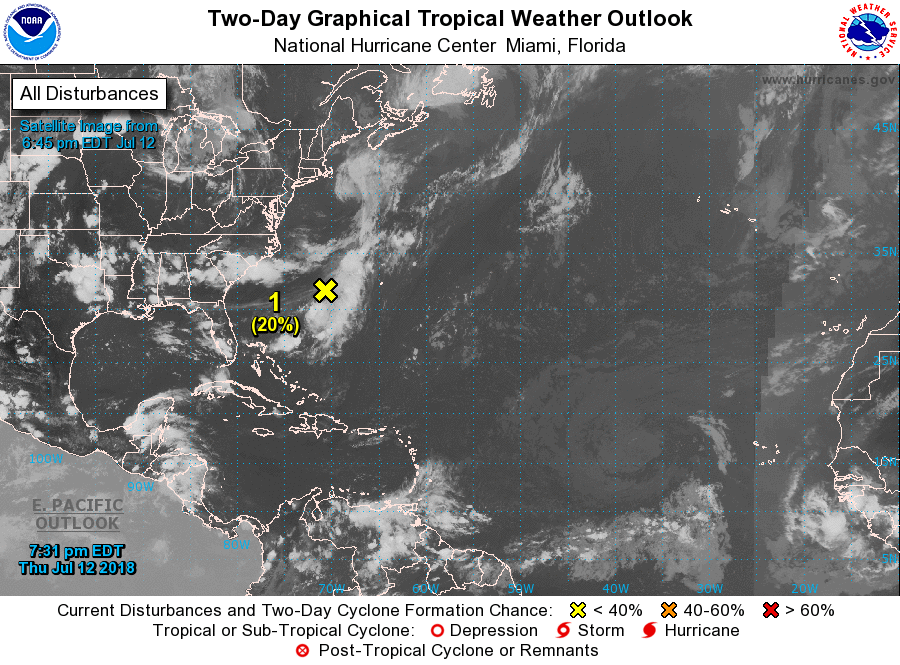
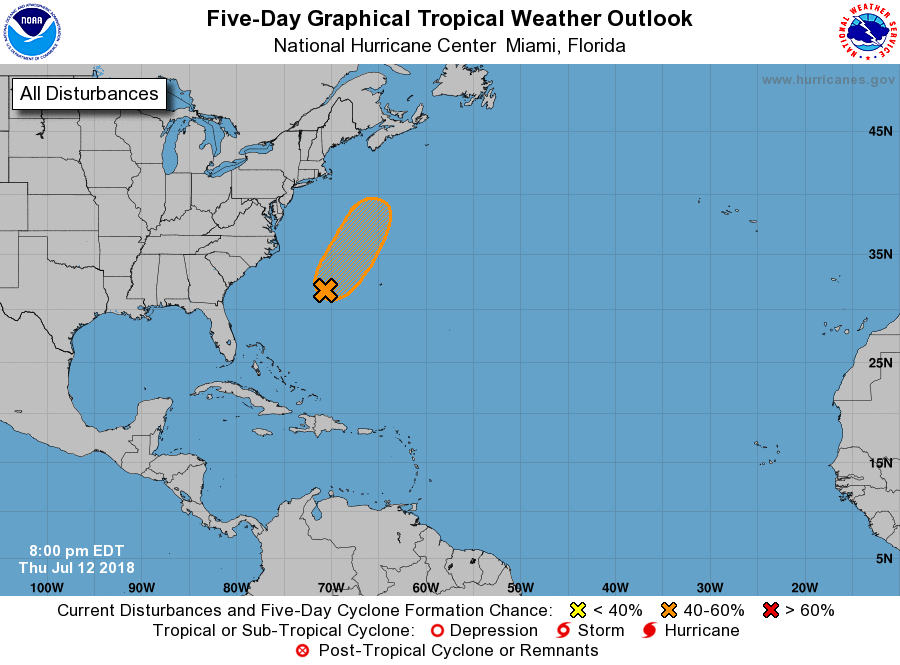
For the North Atlantic...Caribbean Sea and the Gulf of Mexico:

1. A trough of low pressure, associated with the remnants of Beryl, is located about 350 miles west of Bermuda and is producing an elongated and disorganized area of showers and thunderstorms. Environmental conditions could support some tropical or subtropical development during the next couple of days while the system moves north-northeastward over the western Atlantic at about 10 mph. Later in the weekend, the system will be over colder waters and interacting with an upper-level low, which will limit tropical or subtropical development.
* Formation chance through 48 hours...low...20 percent.
* Formation chance through 5 days...medium...40 percent.

Forecaster Berg